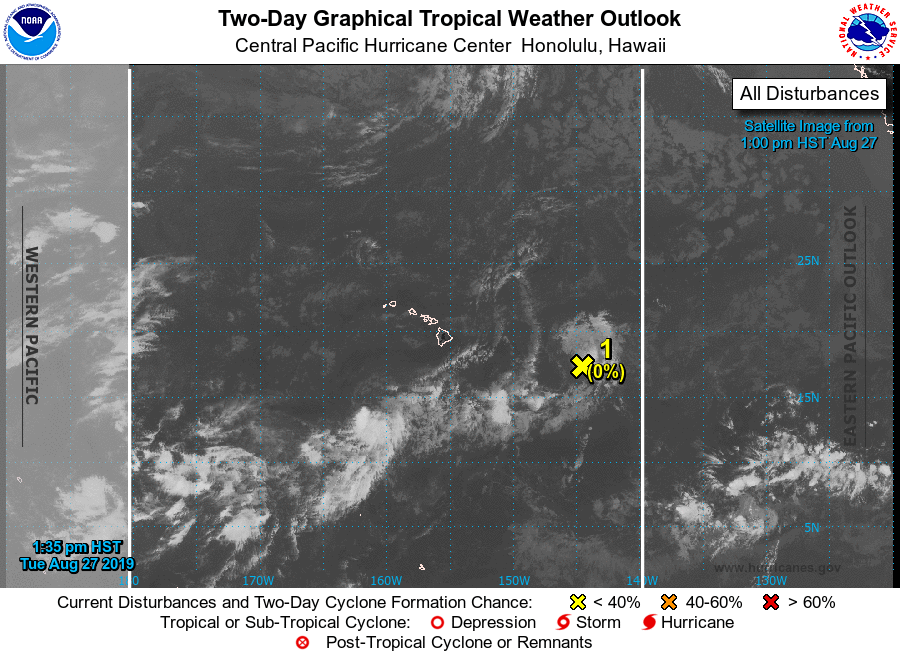
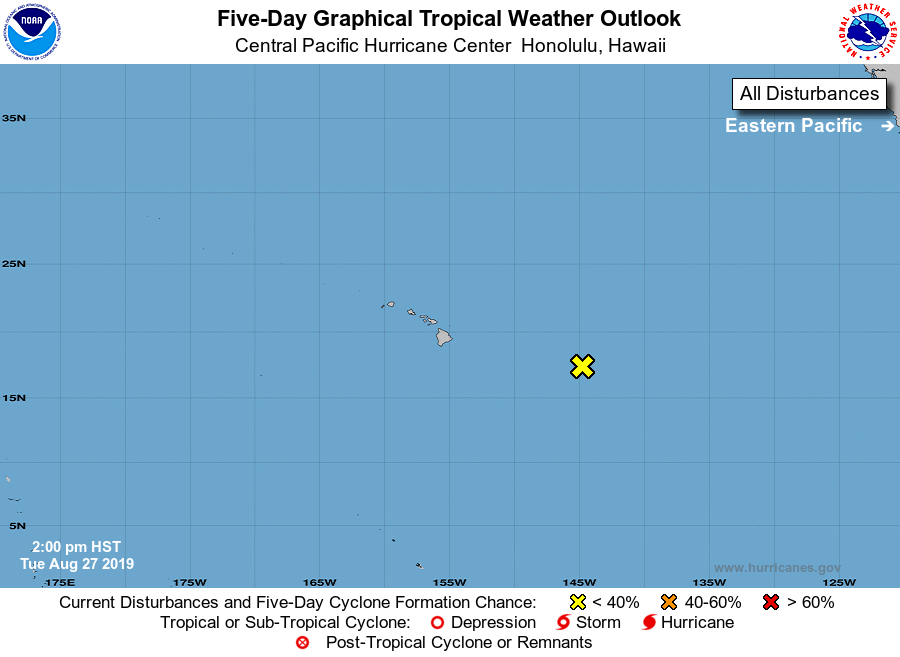
For the central North Pacific...between 140W and 180W:

1. A low about 700 miles east southeast of Hilo, Hawaii is forecast to remain nearly stationary through Wednesday, then move west northwest and dissipate. Environmental conditions are unfavorable for this system to develop into a tropical depression.
*Formation chance through 48 hours...low...near 0 percent
*Formation chance through 5 days...low...near 0 percent

Elsewhere, no tropical cyclones are expected during the next 5 days.

Forecaster Donaldson